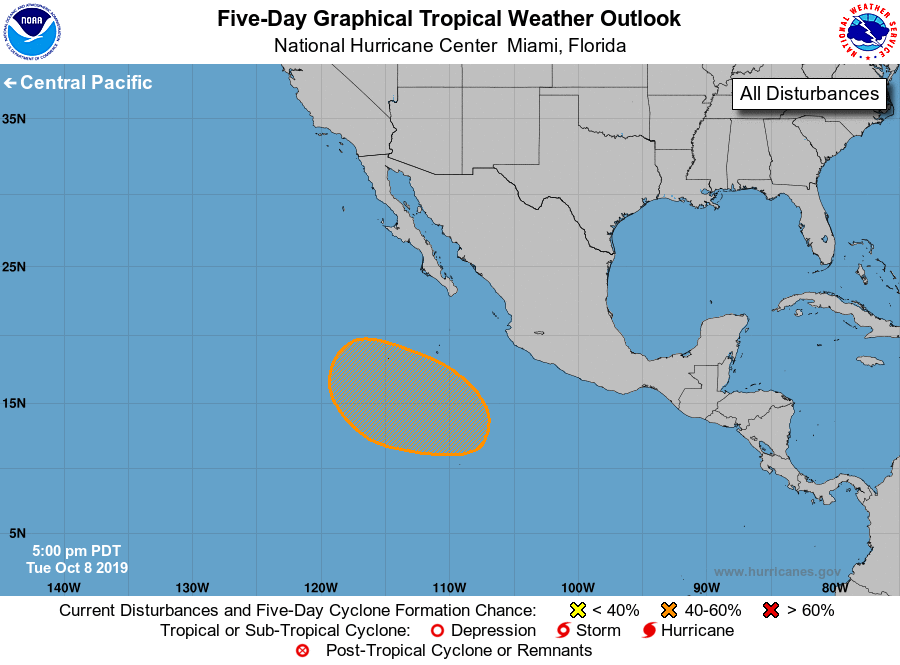
For the eastern North Pacific...east of 140 degrees west longitude:

1. An area of low pressure is expected to form several hundred miles southwest of the southwestern coast of Mexico by the end of the week. Environmental conditions are forecast to be conducive for some development, and a tropical depression could form over the weekend while the system moves west-northwest to northwest at 5 to 10 mph.
* Formation chance through 48 hours...low...near 0 percent.
* Formation chance through 5 days...medium...50 percent.

Forecaster Pasch